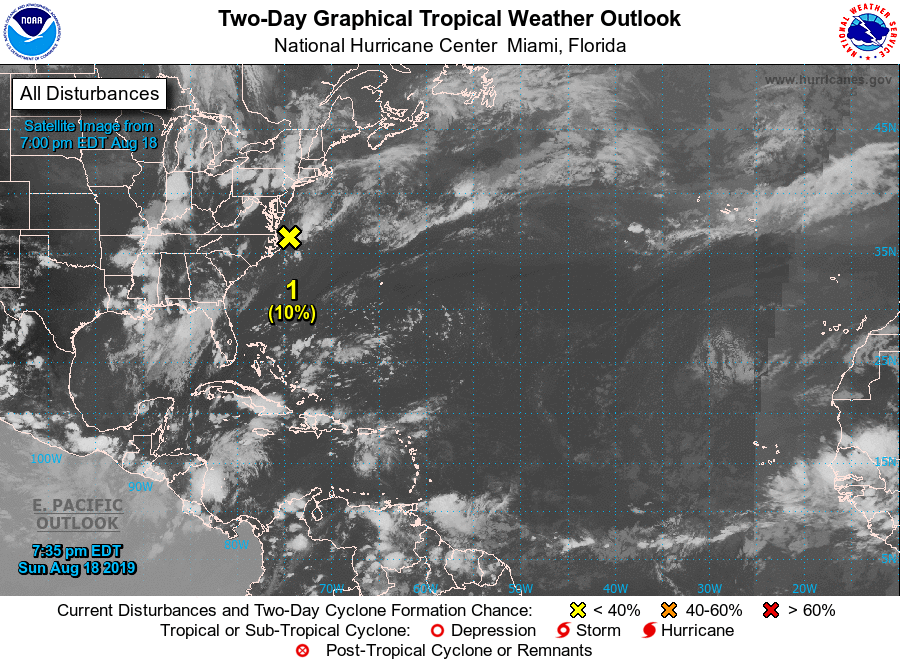
For the North Atlantic...Caribbean Sea and the Gulf of Mexico:

1. A low pressure area located about 100 miles east of Norfolk, Virginia, is producing limited shower and thunderstorm activity. This low is moving northeastward, away from the United States, and has only a slight chance to significantly organize through Monday before upper-level winds become unfavorable for further development.
* Formation chance through 48 hours...low...10 percent.
* Formation chance through 5 days...low...10 percent.

Forecaster Blake